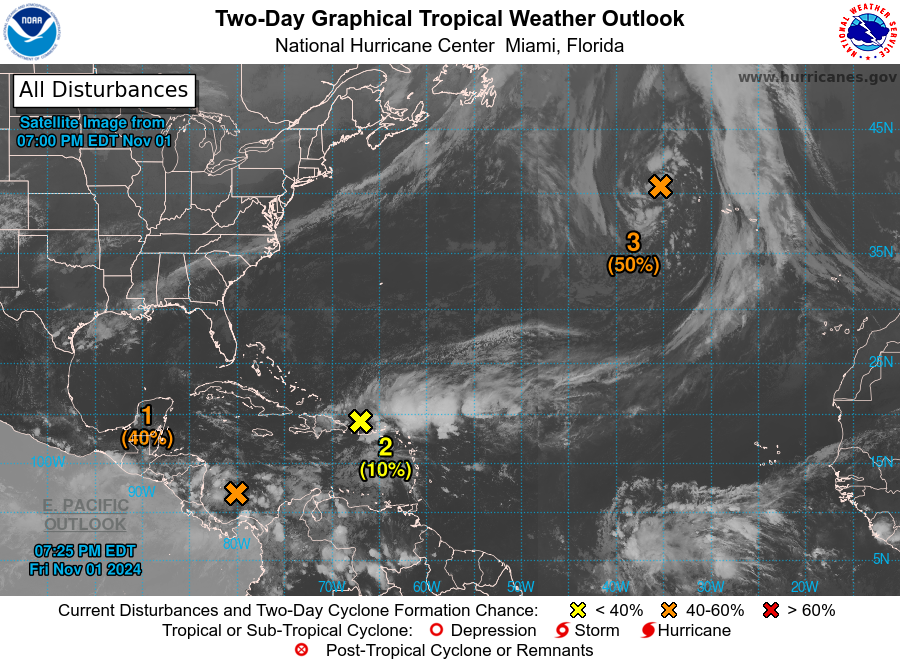
For the North Atlantic...Caribbean Sea and the Gulf of Mexico:

1. Southwestern Caribbean Sea: Surface observations and satellite imagery indicate that a broad area of low pressure is forming over the southwestern Caribbean. Additional gradual development is possible over the next several days, and a tropical depression is likely to form late this weekend or early next week while the system drifts generally northward or northwestward over the central or western Caribbean Sea. Regardless of development, locally heavy rains are possible over portions of the adjacent land areas of the western Caribbean including Jamaica, Hispaniola, and Cuba.
* Formation chance through 48 hours...medium...40 percent.
* Formation chance through 7 days...high...80 percent.

2. Northeastern Caribbean Sea and Greater Antilles: A trough of low pressure located near Puerto Rico is producing a large area of showers and thunderstorms over portions of the Greater Antilles and the adjacent waters of the Atlantic and the northeastern Caribbean. Slow development of this system is possible during the next couple of days as it moves west-northwestward near the Greater Antilles. After that time, this system is expected to be absorbed into the low pressure area over the Caribbean. Regardless of development, locally heavy rains are possible during the next several days from the northern Leeward Islands westward across Puerto Rico and Hispaniola to eastern Cuba and the southeastern Bahamas.
* Formation chance through 48 hours...low...10 percent.
* Formation chance through 7 days...low...10 percent.

3. North Atlantic (AL96): Showers and thunderstorms near the center of a low pressure system located a few hundred miles west-northwest of the Azores continue to show signs of organization. Environmental conditions appear favorable for some development during the next day or two, and the system could become a subtropical or tropical storm as it moves generally east-southeastward during the next few days. Interest in the Azores should monitor the progress of this system. Additional information on this system is available in High Seas Forecasts issued by the National Weather Service and Meteo France.
* Formation chance through 48 hours...medium...50 percent.
* Formation chance through 7 days...medium...50 percent.

High Seas Forecasts issued by the National Weather Service can be found under AWIPS header NFDHSFAT1, WMO header FZNT01 KWBC, and online at ocean.weather.gov/shtml/NFDHSFAT1.php

High Seas Forecasts issued by Meteo France can be found under WMO header FQNT50 LFPW and available on the web at www.meteofrance.com/previsions-meteo-marine/bulletin/grandlarge/ metarea2.

Forecaster Beven